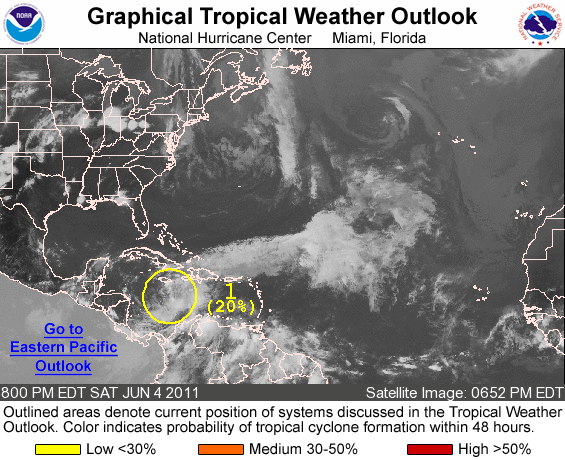
FOR THE NORTH ATLANTIC...CARIBBEAN SEA AND THE GULF OF MEXICO...

1. SHOWER AND THUNDERSTORM ACTIVITY HAS DIMINISHED DURING THE PAST FEW HOURS IN ASSOCIATION WITH A BROAD AREA OF LOW PRESSURE CENTERED ABOUT 125 MILES SOUTH-SOUTHWEST OF JAMAICA. WHILE UPPER-LEVEL WINDS APPEAR FAVORABLE...DRY AIR IN THE MIDDLE LEVELS OF THE ATMOSPHERE APPEARS TO BE LIMITING SHOWER AND THUNDERSTORM DEVELOPMENT NEAR THE DISORGANIZED LOW CENTER. THERE IS A LOW CHANCE...20 PERCENT...OF THIS SYSTEM BECOMING A TROPICAL CYCLONE DURING THE NEXT 48 HOURS. REGARDLESS OF DEVELOPMENT...HEAVY RAINS COULD CAUSE FLASH FLOODING AND MUD SLIDES OVER PORTIONS OF HAITI...THE DOMINICAN REPUBLIC... AND JAMAICA AS THE LOW MOVES VERY LITTLE OVER THE NEXT COUPLE OF DAYS.

ELSEWHERE...TROPICAL CYCLONE FORMATION IS NOT EXPECTED DURING THE NEXT 48 HOURS.

FORECASTER BRENNAN